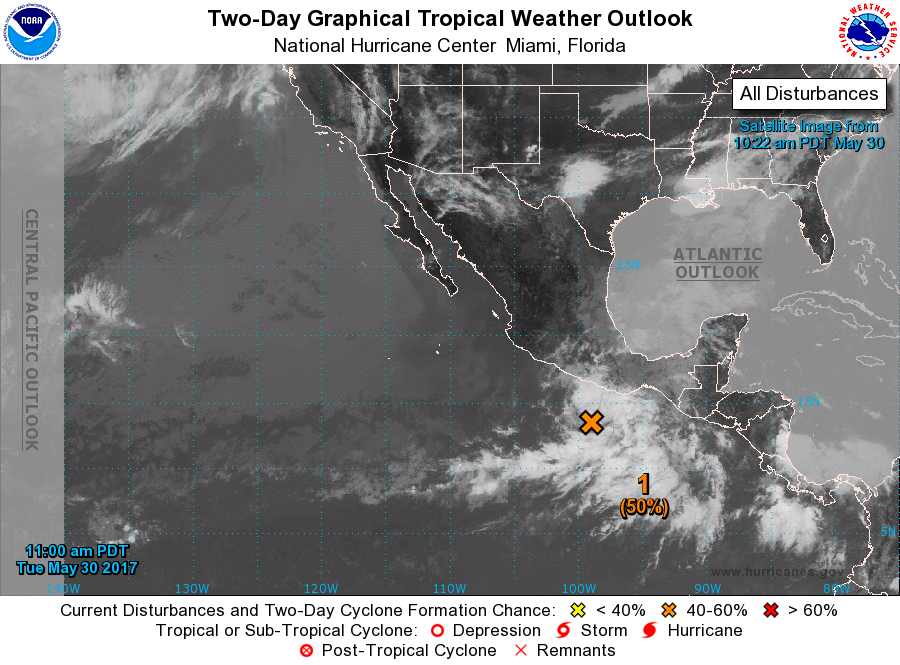
For the eastern North Pacific...east of 140 degrees west longitude:

1. Satellite imagery this morning indicates that shower activity associated with a low pressure area centered about 275 miles southeast of Acapulco, Mexico, has become better organized. Conditions appear favorable for additional development, and a tropical depression is likely to form during the next few days as the system drifts northward toward the coast of Mexico. Regardless of development, locally heavy rains should spread over the coast of southeastern and southern Mexico during the next several days.
* Formation chance through 48 hours...medium...50 percent.
* Formation chance through 5 days...high...80 percent.

Forecaster Beven